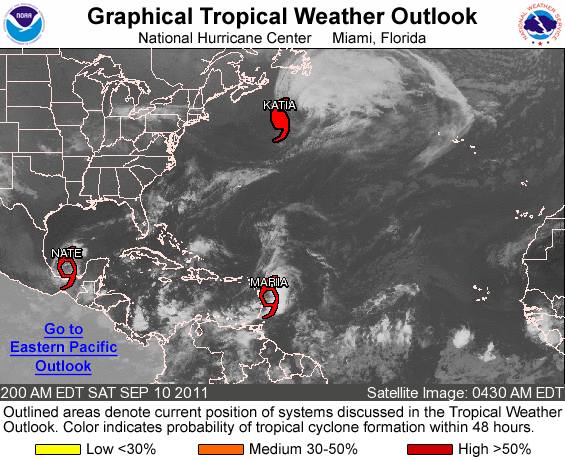
FOR THE NORTH ATLANTIC...CARIBBEAN SEA AND THE GULF OF MEXICO...

THE NATIONAL HURRICANE CENTER IS ISSUING ADVISORIES ON HURRICANE KATIA...LOCATED IN THE FAR NORTH ATLANTIC...ON TROPICAL STORM MARIA...APPROACHING THE LESSER ANTILLES...AND ON TROPICAL STORM NATE IN THE BAY OF CAMPECHE.

ELSEWHERE...TROPICAL CYCLONE FORMATION IS NOT EXPECTED DURING THE NEXT 48 HOURS.

FORECASTER AVILA